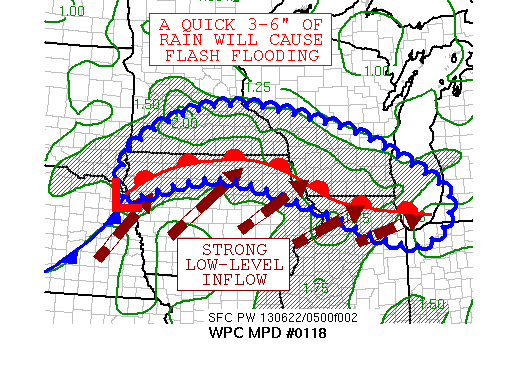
AREAS AFFECTED...SOUTHERN MN...NORTHERN IA...SOUTHERN
WI...NORTHERN IL...SOUTHWEST MI

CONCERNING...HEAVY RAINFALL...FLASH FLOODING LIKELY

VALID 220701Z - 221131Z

SUMMARY...A LONG BAND OF CONVECTION FROM THE IA/MN BORDER EASTWARD
TOWARDS THE WI/IL BORDER AND THE LOWER PENINSULA OF MI WILL LEAD
TO FLASH FLOODING.

DISCUSSION...A MESOSCALE BETA-SIZED BAND OF THUNDERSTORMS
STRETCHES ALONG A WINDING ROUTE FROM THE SD/IA/MN BORDER EASTWARD
ALONG THE IA/MN BORDER TOWARDS THE WI/IL BORDER AND IS ATTEMPTING
TO CROSS LAKE MICHIGAN INTO THE SOUTHWEST SECTIONS OF THE LOWER
PENINSULA OF MI.  IT IS FOCUSED JUST POLEWARD OF A WARM FRONTAL
BOUNDARY.  INFLOW AT THE 850 HPA LEVEL IS GENTLY CONVERGING WITH
WIND SPEEDS OF 45-50 KNOTS JUST AHEAD OF A SURFACE LOW NEAR THE
NE/SD/IA BORDER, WITH LESSER INFLOW THE FARTHER YOU GO EAST.
SIGNIFICANT INSTABILITY REMAINS IN THE WARM SECTOR ACROSS IA, WITH
SATELLITE-DERIVED CAPE VALUES CONTINUING TO EXCEED 5000 J/KG.
THIS STRONG LOW-LEVEL INFLOW AND INSTABILITY SHOULD KEEP THE
CONVECTIVE AREA ORGANIZED INTO THE MORNING HOURS.  THE AREA HAS
BROAD DIVERGENCE AHEAD OF AN UPPER LOW MOVING TOWARDS THE ID/MT
BORDER.  PRECIPITABLE WATER VALUES REMAIN IN THE 1.75-2 INCH
RANGE, WHICH IS OVER TWO STANDARD DEVIATIONS ABOVE THE NORM FOR
JUNE.  MUCH OF THIS REGION HAS EXPERIENCED RECENT RAINFALL OVER
THE PAST DAY OR SO, INCLUDING THE PAST SEVERAL HOURS, DEPRESSING
FLASH FLOOD GUIDANCE VALUES DOWN TO AROUND 2 INCHES/3 HOURS, WHICH
CONTINUED CELL TRAINING WILL EXCEED.  ADDITIONAL LOCAL RAINFALL
AMOUNTS OF 3-6 INCHES ARE POSSIBLE, WHICH WILL LEAD TO FLASH
FLOODING.